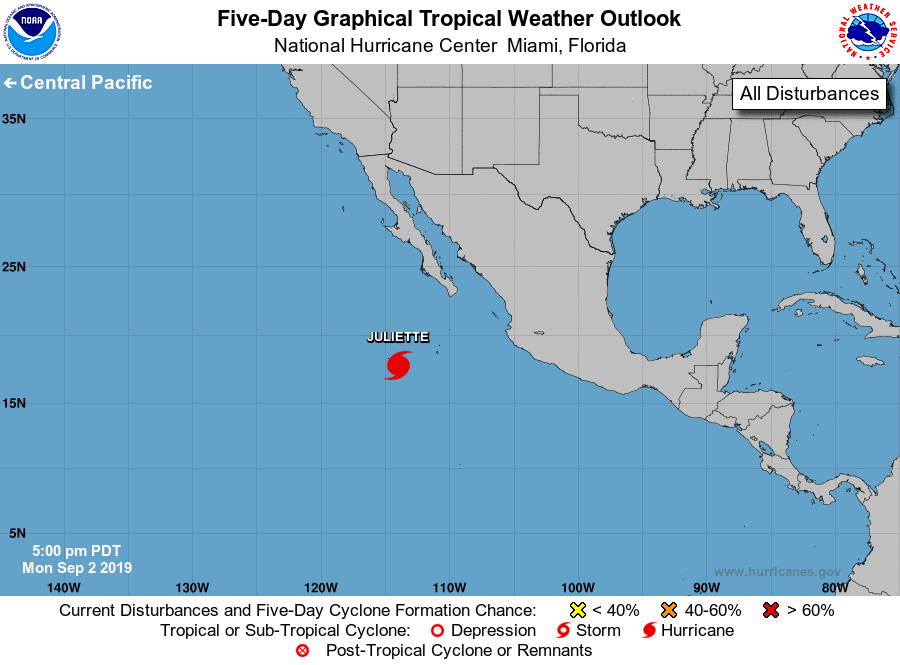
For the eastern North Pacific...east of 140 degrees west longitude:

The National Hurricane Center is issuing advisories on recently upgraded Hurricane Juliette, located several hundred miles south-southwest of the southern tip of the Baja California peninsula.

Tropical cyclone formation is not expected during the next 5 days.

Forecaster Roberts